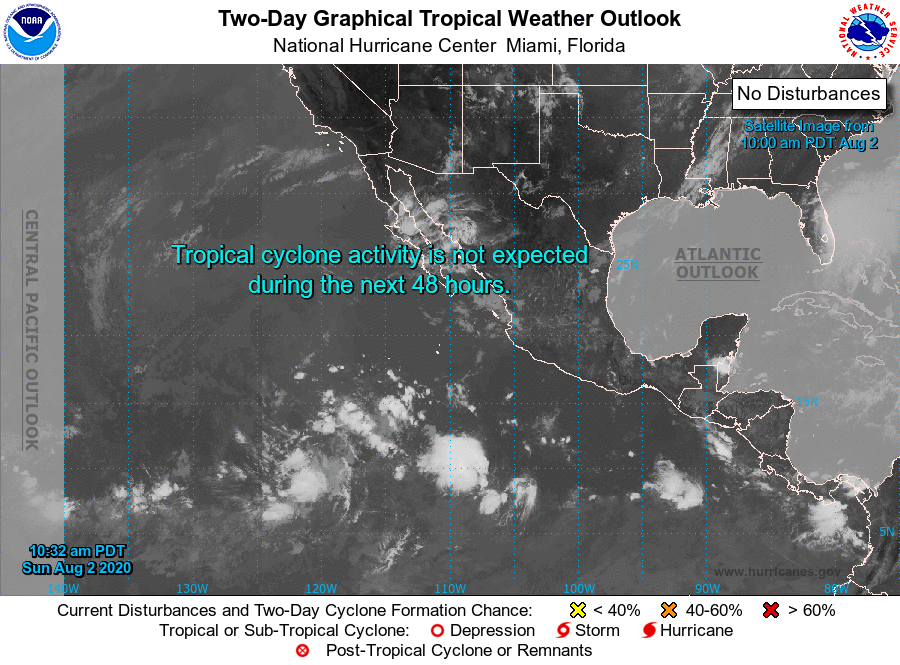
For the eastern North Pacific...east of 140 degrees west longitude:

Tropical cyclone formation is not expected during the next 5 days.

Forecaster Latto